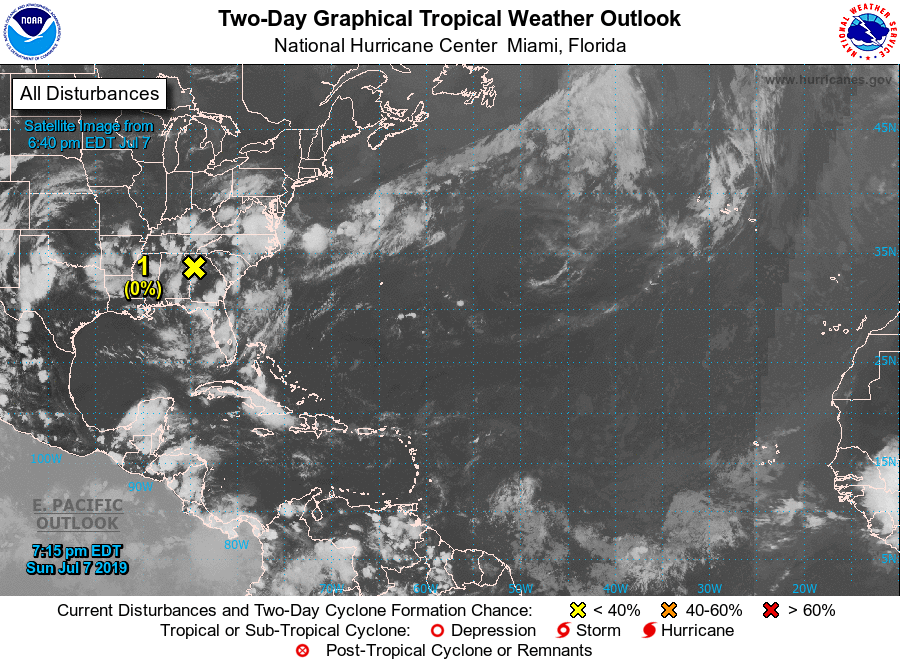
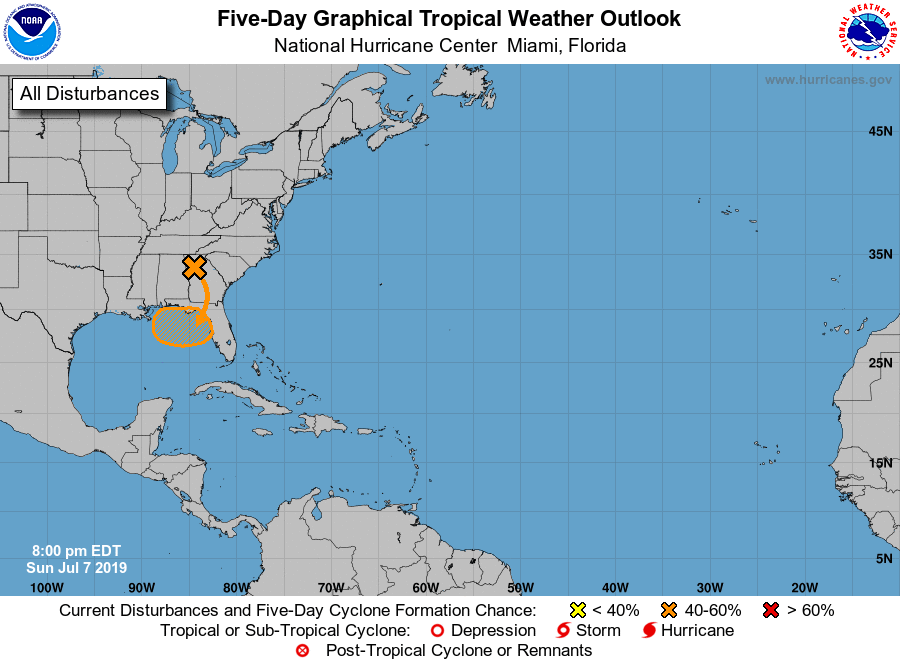
For the North Atlantic...Caribbean Sea and the Gulf of Mexico:

1. A trough of low pressure located over the southeastern United States is forecast to move southward toward the northeastern Gulf of Mexico, where a broad area of low pressure will likely form in a few days. Some gradual development is possible thereafter and a tropical depression could form by the end of the week while the low meanders near the northern Gulf Coast. Regardless of development, this system has the potential to produce heavy rainfall along portions of the central and eastern U.S. Gulf Coast later this week. For more information about the rainfall threat, please see products issued by your local weather forecast office and the Weather Prediction Center. Interests along the northern Gulf Coast and Florida peninsula should monitor the progress of this system.
* Formation chance through 48 hours...low...near 0 percent.
* Formation chance through 5 days...medium...60 percent.

Forecaster Zelinsky